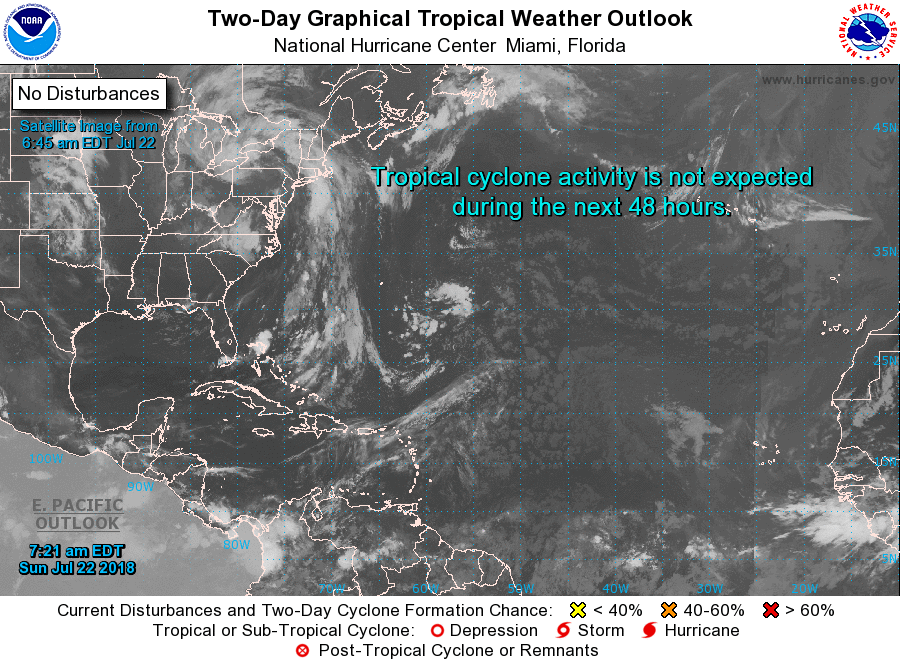
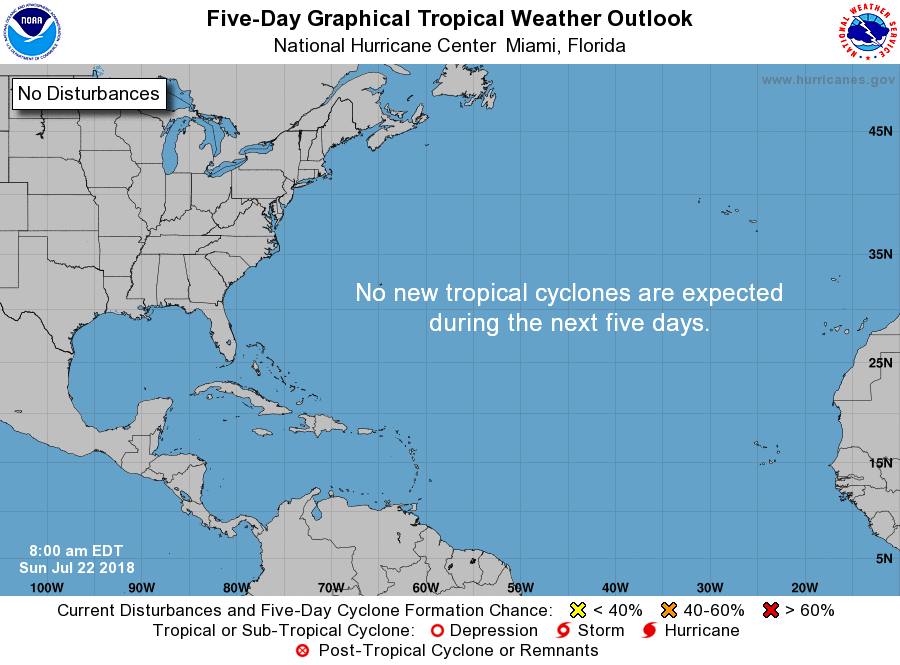
For the North Atlantic...Caribbean Sea and the Gulf of Mexico:

Tropical cyclone formation is not expected for the next five days.

Forecaster Beven